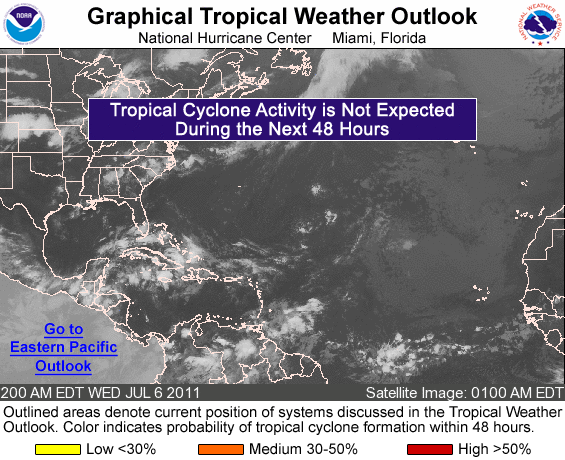
FOR THE NORTH ATLANTIC...CARIBBEAN SEA AND THE GULF OF MEXICO...

TROPICAL CYCLONE FORMATION IS NOT EXPECTED DURING THE NEXT 48 HOURS.

FORECASTER BRENNAN